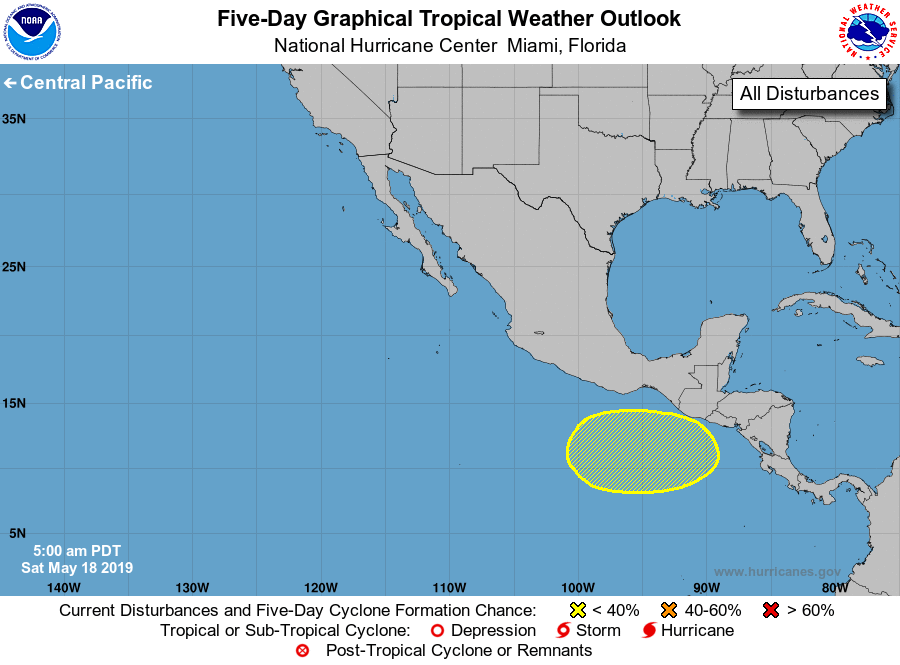
For the eastern North Pacific...east of 140 degrees west longitude:

1. Disorganized showers and thunderstorms located a few hundred miles south of the Gulf of Tehuantepec are associated with a weak and elongated area of low pressure. Gradual development of this system is possible during the early and middle part of next week while the disturbance moves slowly eastward.
* Formation chance through 48 hours...low...near 0 percent.
* Formation chance through 5 days...low...30 percent.

Forecaster Stewart